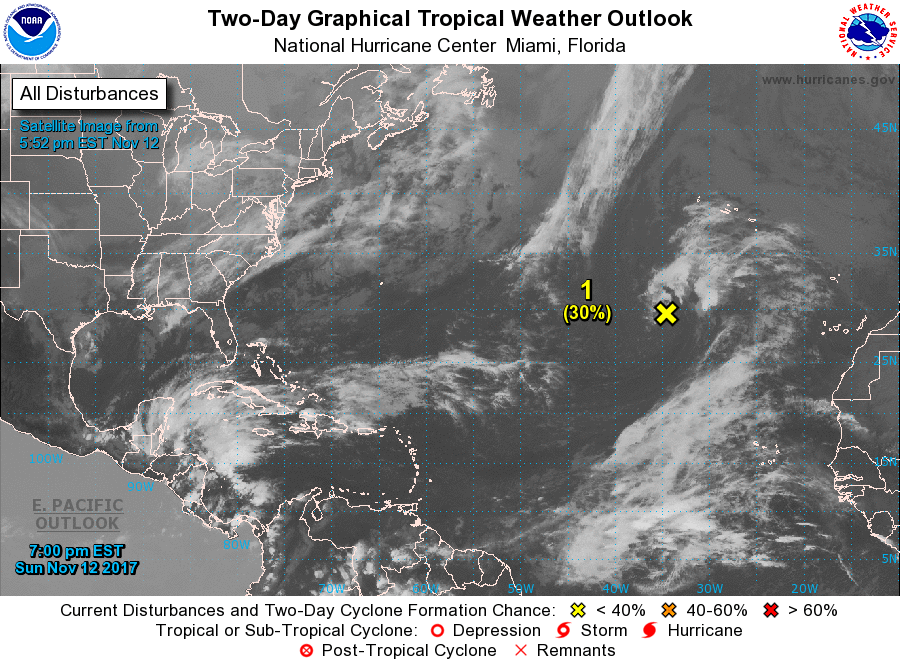
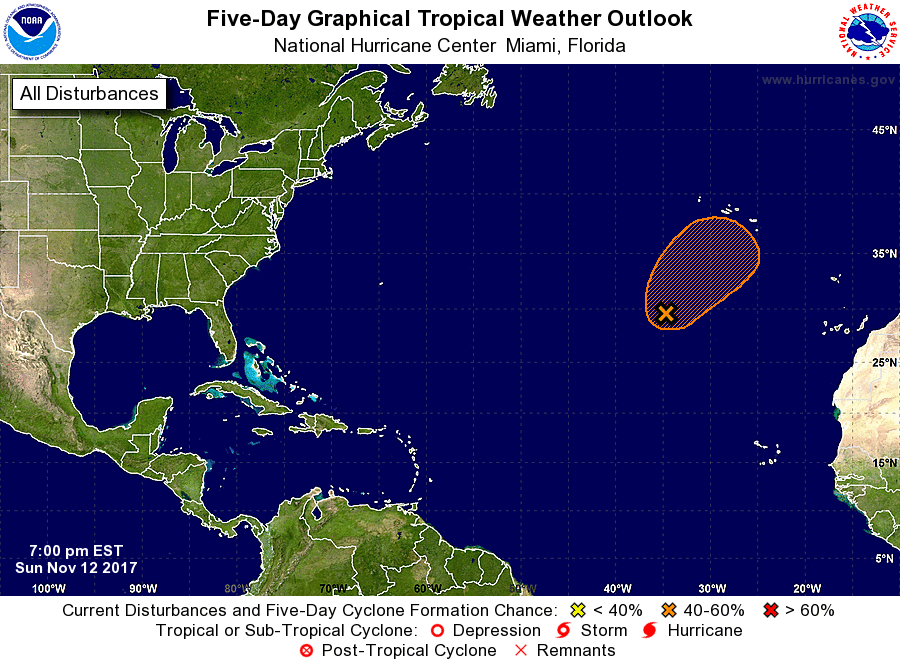
For the North Atlantic...Caribbean Sea and the Gulf of Mexico:

1. Showers and thunderstorms are showing some signs of organization in association with a low pressure system located about 700 miles southwest of the Azores. Environmental conditions are expected to be conducive for some additional development, and the system could become a subtropical cyclone during the next few days while it moves slowly northeastward.
* Formation chance through 48 hours...low...30 percent.
* Formation chance through 5 days...medium...50 percent.

Forecaster Cangialosi